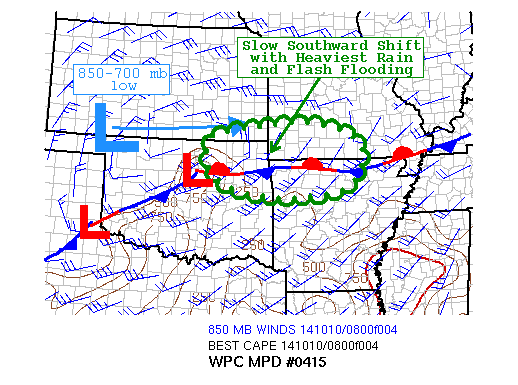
AREAS AFFECTED...ERN KANSAS/OKLAHOMA BORDER INTO SRN MISSOURI AND
NRN ARKANSAS

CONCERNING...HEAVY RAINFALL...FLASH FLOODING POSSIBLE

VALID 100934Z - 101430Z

SUMMARY...A FLASH FLOOD THREAT WILL CONTINUE UNTIL ABOUT 15Z WITH
A SLOW SOUTHWARD SHIFT IN THE ONGOING HEAVIEST RAIN. SOME TRAINING
OF CONVECTION WILL PERSIST ACROSS NERN OKLAHOMA INTO SWRN MISSOURI
AND NWRN ARKANSAS WITH ADDITIONAL RAINFALL TOTALS OF 2-4 INCHES
AND 3 HRLY RATES NEAR 3 INCHES.

DISCUSSION...THE AXIS OF HEAVIEST RAIN FROM EARLIER THIS MORNING
OVER THE ERN KANSAS/OKLAHOMA BORDER HAS BEGUN TO DROP SOUTH WITH
COLD POOL DEVELOPMENT REINFORCING AND NUDGING A QUASISTATIONARY
FRONT SLOWLY SOUTH ACROSS NERN OKLAHOMA. AN 850-700 MB LOW
ANALYZED ROUGHLY 80 MILES OF MEDICINE LODGE...KANSAS WILL ADVANCE
EWD OVER THE NEXT SEVERAL HOURS WHICH WILL CAUSE LOW LEVEL WINDS
TO VEER ACROSS CNTRL AND ERN OKLAHOMA. THIS SHIFT HAS ALREADY BEEN
NOTED IN THE KTLX 850 MB VAD WIND PROFILE. MOST UNSTABLE CAPE OF
500-1000 J/KG REMAINS JUST SOUTHEAST OF THE ADVANCING CIRCULATION
ACROSS CNTRL AND ERN OKLAHOMA WHICH IS SUFFICIENT TO PRODUCE
RAINFALL RATES OF 1-2 IN/HR GIVEN GPS PRECIPITABLE WATER VALUES OF
1.50 TO 1.75 INCHES.

THE VEERED 850-700 MB FLOW WILL MORE CLOSELY ALIGN WITH MEAN CLOUD
BEARING LAYER WINDS...WITH SIMILAR MAGNITUDES OF 30 KTS TOWARD THE
ENE. WHILE DRY AIR NOTED ON WATER VAPOR IMAGERY IS PUSHING INTO
THE REGION AHEAD OF A SLOWLY ADVANCING UPPER TROUGH OVER COLORADO
AND NEW MEXICO...WHICH MAY HINDER WIDESPREAD TRAINING...A FEW
POCKETS OF TRAINING CONVECTION ARE EXPECTED TO CONTINUE THE FLASH
FLOOD THREAT ACROSS THE REGION WITH THE AXIS SHIFTING FROM NERN
OKLAHOMA INTO THE OZARKS OVER NWRN ARKANSAS THROUGH 15Z. FLASH
FLOOD CONCERNS SHOULD BE ON THE 3 HOUR TIME SCALE WHERE 3+ INCHES
WILL BE POSSIBLE...BEFORE THE ENTIRE AXIS SLIDES SOUTH AND EAST
WITH THE ADVANCING UPPER TROUGH FROM THE WEST.